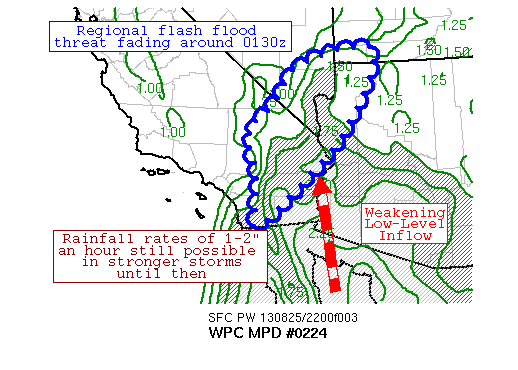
AREAS AFFECTED...SOUTHWEST UT...SOUTHERN NV...NORTHWEST
AZ...SOUTHEAST CA

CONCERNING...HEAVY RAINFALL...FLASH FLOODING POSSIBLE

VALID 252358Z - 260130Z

SUMMARY...AN ONGOING FLASH FLOOD EVENT IS EXPECTED TO DECREASE IN
INTENSITY BETWEEN NOW AND 0130Z.  REGIONALLY, FLASH FLOODING IS
POSSIBLE UNTIL THAT TIME.

DISCUSSION...THUNDERSTORMS WITH HOURLY RAIN RATES IN THE RANGE OF
1-2 INCHES PER HOUR HAVE BEGUN A SLOW DECLINE ACROSS THE REGION,
AS AVAILABLE CAPE IS BEING SPENT BY ONGOING STORMS -- CURRENTLY
ESTIMATED BETWEEN 500-1000 J/KG -- AND LOW-LEVEL INFLOW INTO THE
REGION FROM THE GULF OF CALIFORNIA IS EXPECTED TO DECREASE
SHORTLY.  THE 23Z NSSL QPE INDICATES THAT OVER 9" OF RAIN MAY HAVE
FALLEN BETWEEN BULLHEAD CITY AZ AND TWENTYNINE PALMS CA OVER THE
PREVIOUS SIX HOURS. DIVERGENCE REMAINS EXCELLENT ACROSS THE REGION
TO THE SOUTHEAST OF AN UPPER LEVEL LOW MOVING ACROSS WESTERN OR.
PRECIPITABLE WATER VALUES REMAIN STEADY IN THE 1.75-2.25 INCH
RANGE, ABOVE THE 90TH PERCENTILE FOR LATE AUGUST.  THE 21Z HRRR
RUN INDICATES THAT REMAINING THUNDERSTORM ACTIVITY SHOULD DIE
BETWEEN 01Z AND 02Z DUE TO FADING CAPE VALUES AND DECREASING LOW
LEVEL INFLOW, HENCE 0130Z BEING CHOSEN FOR A VALID TIME.
CONFIDENCE IN EVENTS UNFOLDING IN THE ABOVE MANNER IS AVERAGE.